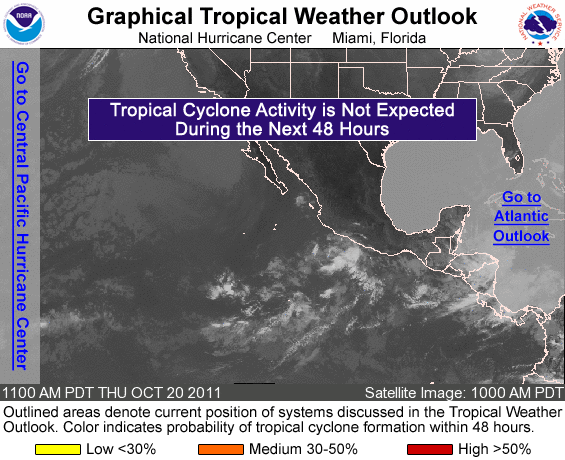
FOR THE EASTERN NORTH PACIFIC...EAST OF 140 DEGREES WEST LONGITUDE..

TROPICAL CYCLONE FORMATION IS NOT EXPECTED DURING THE NEXT 48 HOURS.

FORECASTER AVILA